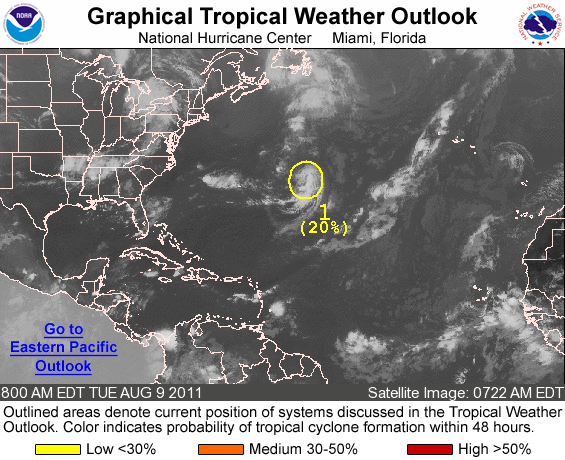
FOR THE NORTH ATLANTIC...CARIBBEAN SEA AND THE GULF OF MEXICO...

1. SHOWER ACTIVITY ASSOCIATED WITH THE REMNANTS OF EMILY...LOCATED ABOUT 650 MILES EAST OF BERMUDA...HAS DECREASED OVER THE PAST FEW HOURS. CONDITIONS ARE NOT CONDUCIVE FOR SIGNIFICANT DEVELOPMENT... AND THIS SYSTEM HAS A LOW CHANCE...20 PERCENT...OF REGENERATING INTO A TROPICAL CYCLONE DURING THE NEXT 48 HOURS AS IT MOVES EASTWARD OR NORTHEASTWARD AT AROUND 30 MPH.

ELSEWHERE...TROPICAL CYCLONE FORMATION IS NOT EXPECTED DURING THE NEXT 48 HOURS.

FORECASTER BRENNAN